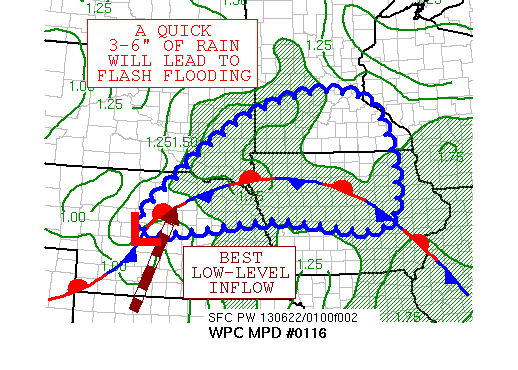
AREAS AFFECTED...NORTHEASTERN NE...SOUTHEAST SD...NORTHWEST
IA...SOUTHERN MN

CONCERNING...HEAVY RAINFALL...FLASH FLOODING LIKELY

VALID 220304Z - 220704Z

SUMMARY...THUNDERSTORM ACTIVITY WHICH IS INCREASING IN COVERAGE
FROM NE INTO MN WILL LEAD TO FLASH FLOODING OVER THE NEXT SEVERAL
HOURS AS IT FURTHER ORGANIZES INTO A MESOSCALE CONVECTIVE SYSTEM.

DISCUSSION...THE LATEST RADAR IMAGERY SHOWS A DEVELOPING LINE OF
THUNDERSTORMS FROM EASTERN NE NORTHEAST INTO SOUTHERN MN.  THIS
ACTIVITY IS SURFACE-BASED ACROSS NE AND SOUTHEAST SD AND MORE
ELEVATED IN MN DUE TO SOME CONVECTIVE INHIBITION NEAR THE SURFACE
FRONT IN NORTHERN IA.  THE MESOSCALE GUIDANCE INDICATES THAT CIN
SHOULD BE LESSENING WITH TIME, WHICH SHOULD MAKE THE ACTIVITY MORE
SURFACE-BASED ACROSS IA.  THERE IS AMPLE DIVERGENCE ALOFT ACROSS
THE REGION TO THE EAST OF AN UPPER LEVEL LOW CENTERED IN ID.  CAPE
VALUES OF 5000-6000 J/KG FEED INTO THE SURFACE BOUNDARY FROM THE
SOUTH, AND PRECIPITABLE WATER VALUES OF 1.5-1.75 INCHES ARE ALSO
AVAILABLE TO INCREASE PRECIPITATION EFFICIENCY IN NORTHEAST NE,
NORTHERN IA AND SOUTHERN MN.  INFLOW AT THE 850 HPA LEVEL IS
AROUND 45 KNOTS -- AND COULD INCREASE SOMEWHAT OVERNIGHT -- WHICH
SHOULD ALLOW THE ACTIVITY TO DEVELOP INTO A MESOSCALE CONVECTIVE
SYSTEM.  THE MAIN INFLOW AXIS IS EXPECTED TO REMAIN RELATIVELY
UNCHANGED OVERNIGHT, INCREASING THE THREAT FOR FLASH FLOODING.
ACTIVITY NEAR THE SURFACE BOUNDARY -- ONCE IT ORGANIZES -- COULD
DROP SOUTH AND/OR BACKBUILD INTO NE PER 18Z GFS CORFIDI VECTORS
AND WHAT ONE WOULD EXPECT WITH AN INCREASE IN THE STRENGTH OF THE
LOW-LEVEL JET.  DESPITE FLASH FLOOD GUIDANCE VALUES OF AROUND 2.5
INCHES IN THREE HOURS, CELL TRAINING OVER 2-3 HOURS COULD LEAD TO
LOCAL AMOUNTS OF 3-6 INCHES, WHICH WILL LEAD TO FLASH FLOODING.